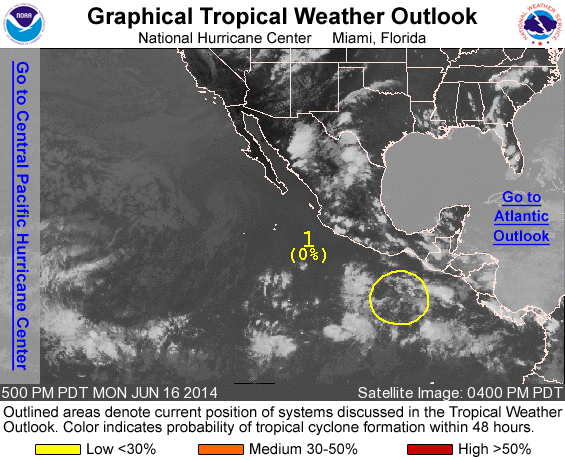
For the eastern North Pacific...east of 140 degrees west longitude:

1. A weak trough of low pressure located several hundred miles south-southeast of Acapulco, Mexico, is producing disorganized shower and thunderstorms. Some slow development of this system is possible later this week while it moves westward or west- northwestward at 5 to 10 mph.
* Formation chance through 48 hours...low...near 0 percent.
* Formation chance through 5 days...medium...30 percent.

Forecaster Kimberlain